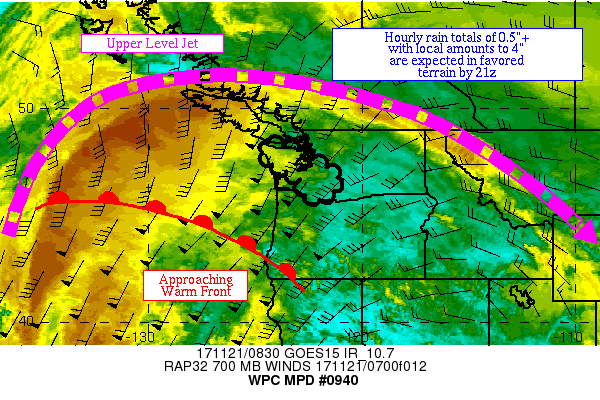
AREAS AFFECTED...PORTIONS OF WESTERN WA

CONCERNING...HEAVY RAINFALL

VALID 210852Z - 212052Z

SUMMARY...AN APPROACHING WARM FRONT ALONG WITH AN IMPINGING
ATMOSPHERIC RIVER ARE EXPECTED TO INCREASE HOURLY RAIN TOTALS
ABOVE 0.5" BEYOND 17Z WITH LOCAL AMOUNTS UP TO 4" WITHIN FAVORED
TOPOGRAPHY BY 21Z.

DISCUSSION...GOES-15 INFRARED SATELLITE IMAGERY AND SATELLITE
DERIVED WINDS REVEAL A CURVED 150+ KT UPPER LEVEL JET STREAM
ARCING OUT OF THE NORTHEAST PACIFIC INTO SOUTHWEST BRITISH
COLUMBIA AND THEN INTO WESTERN MT.  WATER VAPOR IMAGERY AND
GFS-BASED INTEGRATED VAPOR TRANSPORT SHOW OFF AN ATMOSPHERIC RIVER
RISING OUT OF THE TROPICS NEAR THE 140TH MERIDIAN AND EXTENDING TO
THE WEST OF OR. SURFACE OBSERVATIONS AT 08Z REVEAL A WARM FRONT
MOVING INTO SOUTHWEST OR AT THE LEADING EDGE OF THE MOISTURE
PLUME.  GPS-BASED PRECIPITABLE WATER VALUES NEAR AND SOUTH OF THE
WARM FRONT ARE 1.4-1.6" FROM THE CENTRAL OR COAST DOWN INTO FAR
NORTHWEST CA.  PER A RECENT BRIEFING FROM SAB/NESDIS, PRECIPITABLE
WATER VALUES OFFSHORE WITHIN THE PLUME ARE CLOSE TO 2".  INFLOW AT
700/850 HPA IS SOUTHWEST AT ~30 KTS PER VAD WIND PROFILES.

THE GFS ADVERTISES LOW- TO MID-LEVEL FRONTOGENESIS TO SPREAD
ACROSS WESTERN WA BEYOND 09Z WHILE RAP-BASED FIELDS SHOW
INCREASING 850/700 HPA INFLOW OUT OF THE SOUTH-SOUTHWEST WITH
TIME, RISING BEYOND 50 KTS BY 17Z.  THE SURFACE WARM FRONT IS
EXPECTED TO SHOW SLOW PROGRESS INTO WESTERN WA BY 21Z.
PRECIPITABLE WATER VALUES SHOULD RISE TO ~1.5" AT SEA LEVEL AND
~1" IN THE MOUNTAINS AFTER 12Z.  FREEZING LEVELS ARE FORECAST TO
RISE TO NEAR 700 HPA/10,000 FEET ABOVE SEA LEVEL WITH TIME WHICH
SHOULD AID WARM RAIN PROCESSES.  INTEGRATED VAPOR TRANSPORT IS
FORECAST BY THE GFS TO MAXIMIZE NEAR WESTERN WA FROM ~18Z ONWARD.

HREF FORECASTS INDICATE MU CAPE VALUES COULD LOCALLY BREACH 100
J/KG, WHICH COMBINED WITH THE EXPECTED MOISTURE AND LOW-LEVEL
INFLOW SHOULD LEAD TO 0.5"+/HOUR TOTALS.  BOTH THE 00Z SSEO
NEIGHBORHOOD PROBABILITIES AND 00Z HREF PROBABILITIES AGREE,
INDICATING A RAMP UP OF RAIN RATES ACROSS WESTERN WA 12-17Z BEFORE
0.5"+/HOUR TOTALS ARE REACHED THEREAFTER.  THE MESOSCALE GUIDANCE
SHOWS A GOOD SIGNAL FOR LOCAL AMOUNTS IN THE 3-4" RANGE THROUGH
21Z.  PER INFORMATION FROM SEW/THE SEATTLE WA FORECAST OFFICE,
THIS RAINFALL COULD LEAD TO LANDSLIDES.